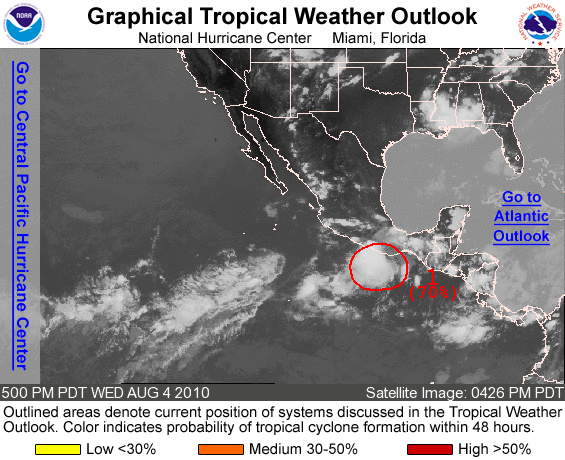
FOR THE EASTERN NORTH PACIFIC...EAST OF 140 DEGREES WEST LONGITUDE..

1. RADAR DATA FROM MEXICO AND SATELLITE IMAGERY INDICATE THAT THE AREA OF LOW PRESSURE LOCATED ABOUT 85 MILES SOUTH-SOUTHWEST OF PUERTO ANGEL HAS BECOME BETTER ORGANIZED THIS AFTERNOON. CONDITIONS ARE CONDUCIVE FOR ADDITIONAL DEVELOPMENT AND THIS SYSTEM COULD BECOME A TROPICAL DEPRESSION AT ANY TIME TONIGHT OR THURSDAY. THERE IS A HIGH CHANCE...70 PERCENT...OF THIS DISTURBANCE BECOMING A TROPICAL CYCLONE DURING THE NEXT 48 HOURS AS IT MOVES WESTWARD AT ABOUT 15 MPH. INTERESTS ALONG THE SOUTHERN COAST OF MEXICO SHOULD MONITOR THE PROGRESS OF THIS SYSTEM.

ELSEWHERE...TROPICAL CYCLONE FORMATION IS NOT EXPECTED DURING THE NEXT 48 HOURS.

FORECASTER BROWN